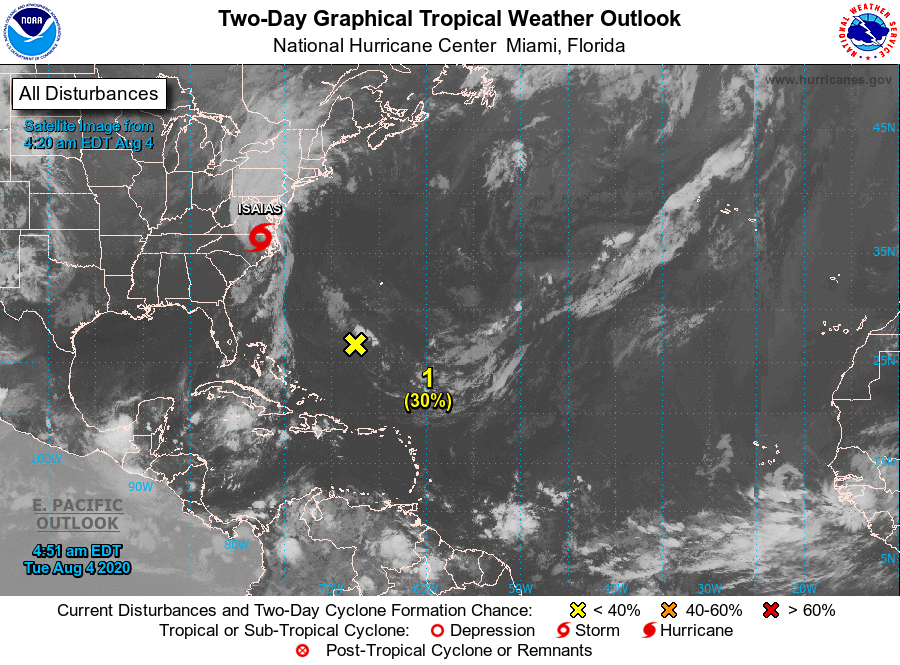
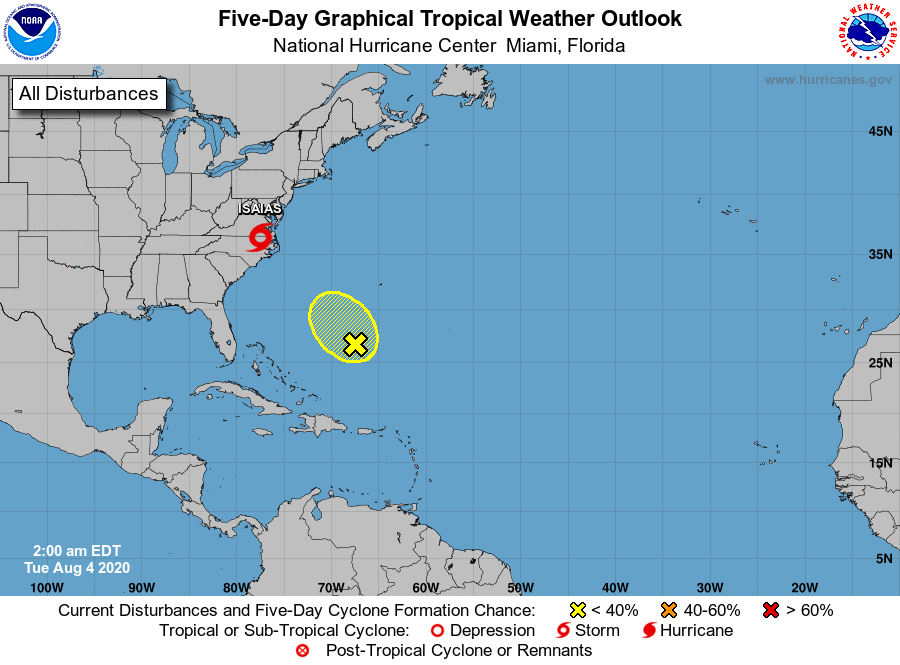
For the North Atlantic...Caribbean Sea and the Gulf of Mexico:

The National Hurricane Center is issuing advisories on Hurricane Isaias, located inland over southeastern North Carolina.

1. Showers and thunderstorms have mostly dissipated near a trough of low pressure located several hundred miles south-southwest of Bermuda. Although a weak area of low pressure is expected to form over the next day or so, abundant dry air surrounding the system is likely to limit significant development. This system is forecast to move northwestward at about 10 mph over the southwestern Atlantic today, stall several hundred miles southwest of Bermuda tonight, and then drift southwestward on Thursday.
* Formation chance through 48 hours...low...30 percent.
* Formation chance through 5 days...low...30 percent.

Forecaster Berg